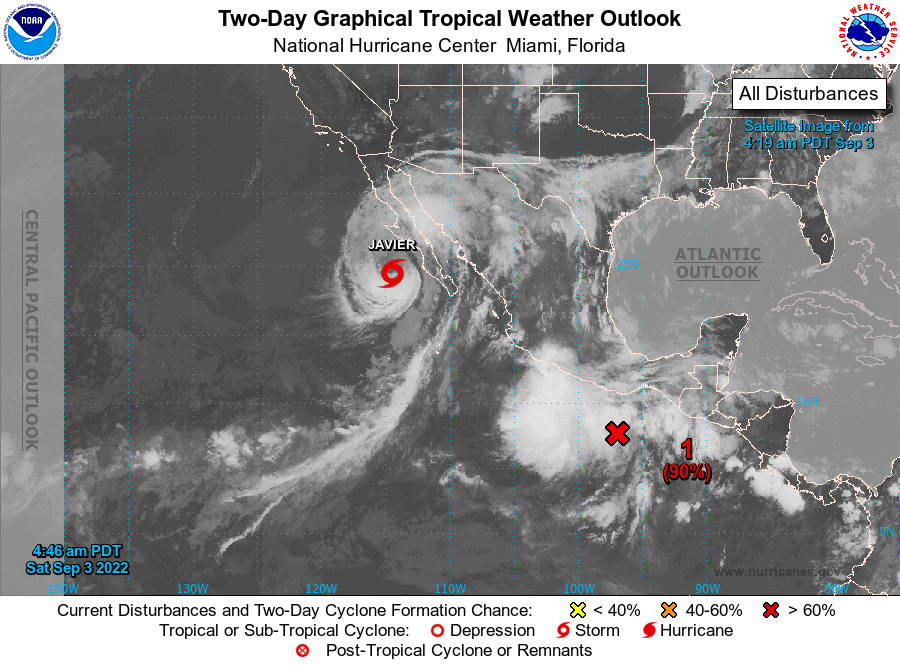
For the eastern North Pacific...east of 140 degrees west longitude:

Active Systems: The National Hurricane Center is issuing advisories on Tropical Storm Javier, located a couple hundred miles west of the southern portion of the Baja California peninsula.

1. South of Southern Mexico: An area of low pressure located just off the coast of southern Mexico continues to produce a large area of showers and thunderstorms. This activity is beginning to show signs of organization, and a tropical depression is expected to form later today or on Sunday while the system moves west-northwestward or northwestward near the coast of southern and southwestern Mexico. Regardless of development, heavy rain is possible along the coasts of southern and southwestern Mexico during the next few days, and interests in those locations should monitor the progress of this system.
* Formation chance through 48 hours...high...90 percent.
* Formation chance through 5 days...high...90 percent.

Forecaster Cangialosi